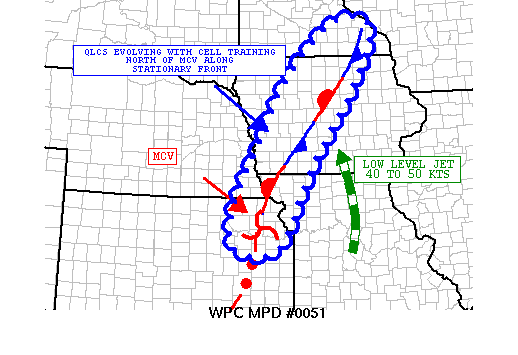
AREAS AFFECTED...NORTHEAST KS...NORTHWEST MO...SOUTHWEST THROUGH
NORTHEAST IA...SOUTHEAST MN

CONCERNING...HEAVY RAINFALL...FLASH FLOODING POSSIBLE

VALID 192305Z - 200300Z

SUMMARY...GROWING POTENTIAL FOR CONVECTIVE CLUSTERS TO MERGE THE
NEXT FEW HOURS...WITH THE STORM MODE TENDING TO BECOME
QUASI-LINEAR...AND SUPPORTING AN AXIS OF ENHANCED RAINFALL VIA
TRAINING OF CONVECTIVE CELLS.

DISCUSSION...VERY COLD-TOPPED CONVECTION WITH AN OVERWHELMINGLY
SEVERE MODE ATTM IS EXPECTED TO EVOLVE INTO A RELATIVELY LARGE
SCALE QLCS...WITH AN AXIS OF ENHANCED RAINFALL POTENTIAL APPEARING
TO SET UP ALONG AND ESP TO THE LEFT OF A STATIONARY FRONT ORIENTED
SW/NE FROM NERN KS NEWD UP INTO SERN MN. ALREADY SEEING PLENTY OF
EVIDENCE OF AN MCV OVER E CNTRL KS ATTM ASSOCIATED WITH MERGING
SEVERE MODE CONVECTION. THIS MCV IS LIKELY TO INTENSIFY THE NEXT 2
TO 3 HOURS AND MOVE ENEWD INTO NWRN MO. ALL THE WHILE...THE 12Z
ECMWF AND 18Z NAM-CONEST SUPPORT AN INTENSIFYING MOIST LOW LEVEL
JET BETWEEN 00Z AND 06Z...REACHING UPWARDS OF 40 TO 50 KTS AIMING
NORTH OUT OF CNTRL/NRN MO INTO THE VICINITY OF THIS STATIONARY
FRONT. THE MCV SHOULD ACT TO ENHANCE THIS MOISTURE TRANSPORT.
SBCAPE VALUES OF 3000 J/KG OVER MUCH OF MO/SERN IA WILL SUPPORT
MORE THAN ENOUGH THERMODYNAMIC SUPPORT FOR SUSTAINABLE CONVECTION
INVOF THE FRONT. THE MCV WILL SUPPORT AN ELEVATED CONVECTIVE MODE
TO THE LEFT OF THE STATIONARY FRONT. MEAN LAYER FLOW IS SWLY OVER
THE BOUNDARY...AND SO THERE IS AN ENHANCED THREAT FOR
TRAINING/REPEAT CONVECTION THROUGH THE EVENING. RAINFALL RATES OF
2 TO 2.5 INCHES/HR ARE POSSIBLE...AND THIS WILL DRIVE AN ELEVATED
FLASH FLOOD THREAT OVER THE NEXT SEVERAL HOURS AT LEAST.